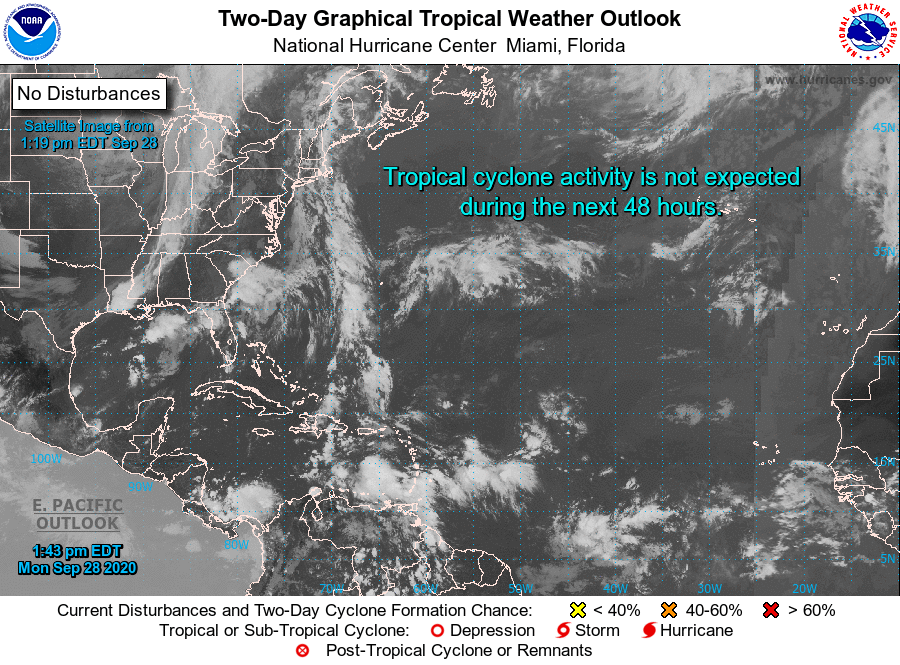
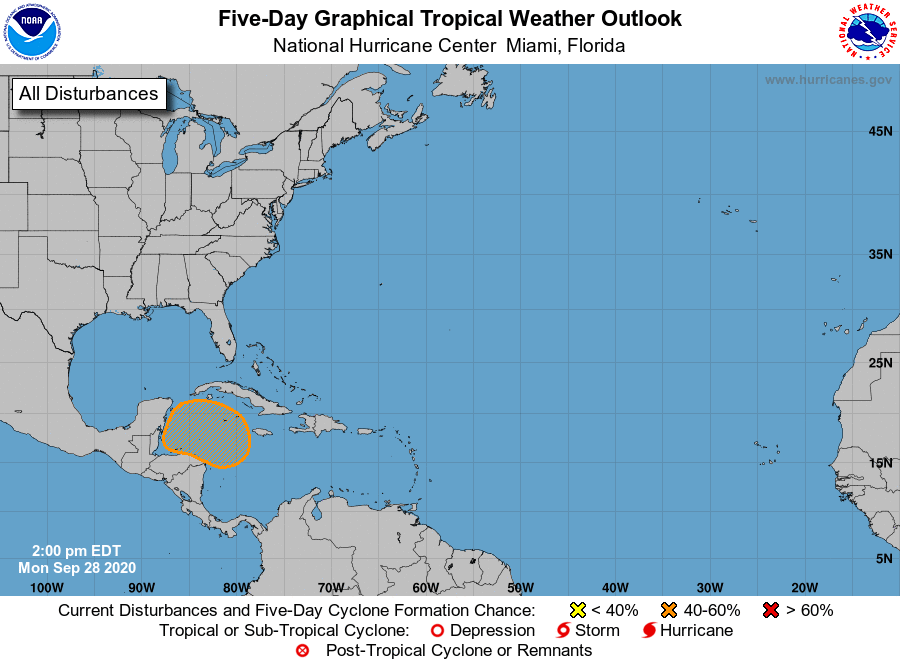
For the North Atlantic...Caribbean Sea and the Gulf of Mexico:

1. A broad area of low pressure is expected to form over the western Caribbean Sea in a few days. Environmental conditions are expected to be conducive for some gradual development thereafter, and a tropical depression could form late this week or this weekend while the system moves slowly west-northwestward over the northwestern Caribbean Sea.
* Formation chance through 48 hours...low...near 0 percent.
* Formation chance through 5 days...medium...40 percent.

Forecaster Reinhart/Zelinsky